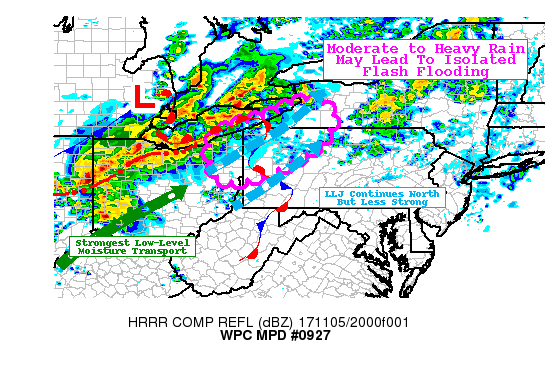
AREAS AFFECTED...NE OHIO...NW PENNSYLVANIA...WRN NEW YORK

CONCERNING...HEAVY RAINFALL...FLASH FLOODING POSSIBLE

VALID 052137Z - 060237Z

SUMMARY...MODERATE RAIN WITH AN EMBEDDED BAND OF CONVECTION (WITH
HEAVIER RAIN) IS LIKELY TO GRADUALLY SHIFT FROM NRN OHIO AND LAKE
ERIE...TO NERN OHIO...NWRN PENNSYLVANIA...AND WRN NEW YORK LATE
THIS AFTERNOON AND THIS EVENING. RAIN RATES UP TO 1 IN/HR HAVE
BEEN ESTIMATED BY RADAR JUST OFFSHORE AND THIS MAY SHIFT OVER LAND
IN THE NEXT SEVERAL HOURS.

DISCUSSION...A LARGE AREA OF RAIN WITH AN EMBEDDED CONVECTIVE LINE
STRETCHED FROM SWRN ONTARIO AND LAKE ERIE BACK TO NEAR ST. LOUIS.
THE NORTHERN EXTENT OF THIS AREA OF RAIN WAS MUCH BROADER...AND
MODELS DO SHOW THE MODERATE TO OCCASIONALLY HEAVY RAIN PIVOTING
INTO PORTIONS OF THE ALLEGHENY PLATEAU BETWEEN 23Z AND 03Z. THE
SYNOPTIC SETUP FOR FLASH FLOODING IS GENERALLY MORE FAVORABLE TO
THE SOUTHWEST WITH THE STRONGEST LOW-LEVEL MOISTURE TRANSPORT AND
STRONGER INSTABILITY. HOWEVER...THE PLUME OF HIGHER PRECIPITABLE
WATER VALUES DOES EXTEND AS FAR NORTHEAST AS LAKE ERIE...WITH SOME
GPS-PW OBSERVATIONS AROUND 1.3 INCHES IN NW PA AND WRN NY. THIS IS
NEAR THE CLIMATOLOGICAL MAXIMUM FOR THIS TIME OF YEAR IN THIS
REGION. AND ALTHOUGH STRONGER LOW-LEVEL MOISTURE TRANSPORT EXISTS
FURTHER SOUTHWEST...THE LOW-LEVEL JET DOES EXTEND NORTHEAST INTO
NEW YORK AND SHOULD BE ABLE TO MAINTAIN MOISTURE FLUX INTO THE
REGION. THE INSTABILITY LEVELS ARE MORE MARGINAL...WITH MUCAPE
AROUND 200-500 J/KG. TAKEN IN SUM...THIS LIKELY MEANS A LESS
ORGANIZED AREA OF MODERATE TO OCCASIONALLY HEAVY RAINFALL CAN BE
EXPECTED.

ALTHOUGH THAT MAY LIMIT ORGANIZED CONVECTIVE BANDING TO A CERTAIN
EXTENT...TRAINING OF HEAVIER AREAS OF RAIN OR SMALL THUNDERSTORM
CLUSTERS CANNOT BE RULED OUT AS THE HIGHER REFLECTIVITY BAND (AS
OF 22Z) IS STILL FAVORABLY ALIGNED PARALLEL TO THE MEAN FLOW.
3-HOUR FLASH FLOOD GUIDANCE ACROSS ALMOST THE ENTIRE OUTLINED MPD
AREA IS AROUND OR BELOW 2 INCHES...AND THE NATIONAL WATER MODEL
ANALYSIS INDICATES NEAR-SURFACE SOIL AROUND 70-80 PERCENT OF
SATURATION. THEREFORE...ALTHOUGH RAIN RATES MAY NOT BE
PROLIFIC...THEY COULD BE HIGH ENOUGH TO CREATE FLOODING ISSUES
AROUND THE SOUTHERN RIM OF LAKE ERIE. AS MORE ORGANIZED CONVECTION
CURRENTLY OVER NORTH-CENTRAL OHIO CONTINUES TO PROGRESS EAST...IT
MAY PROVIDE A SECONDARY CORRIDOR OF HEAVIER RAINFALL FURTHER
INLAND.